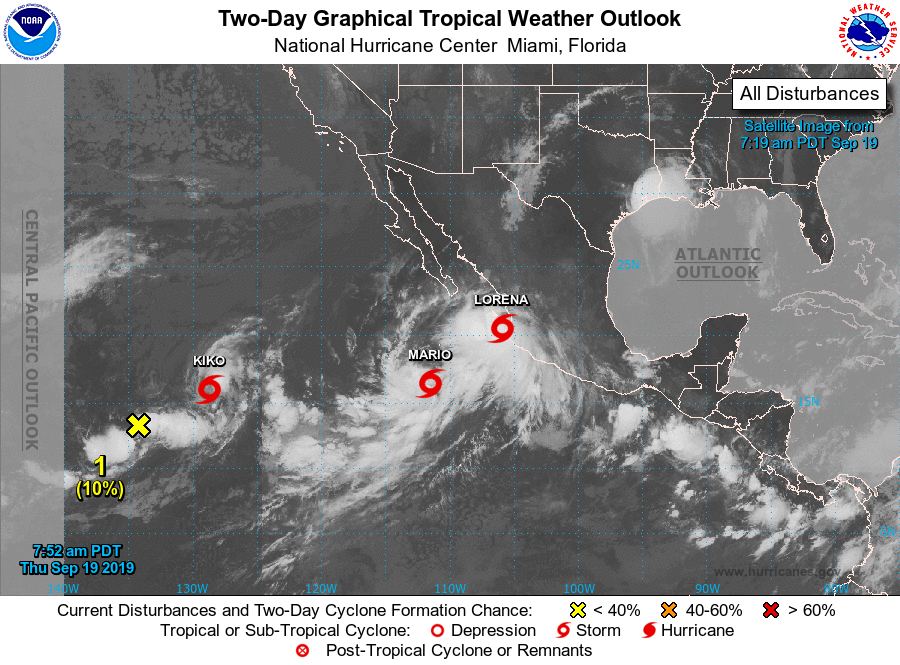
For the eastern North Pacific...east of 140 degrees west longitude:

The National Hurricane Center is issuing advisories on Tropical Storm Kiko, located over the far southwestern part of the basin, on Tropical Storm Mario, located several hundred miles south-southwest of the southern tip of the Baja California peninsula, and on Hurricane Lorena, located near the coast of southwestern Mexico.

1. An elongated area of low pressure located over the far southwestern portion of the eastern North Pacific continues to produce a few disorganized thunderstorms. Some slow development of this system is possible during the next day or two while the system moves little. Further development is unlikely after that time as the system interacts with and is possibly absorbed by Kiko.
* Formation chance through 48 hours...low...10 percent.
* Formation chance through 5 days...low...10 percent.

2. An area of low pressure could form south of the southern coast of Mexico in a day or two. Slow development of the system is possible thereafter while it moves slowly westward or west-northwestward through early next week.
* Formation chance through 48 hours...low...near 0 percent.
* Formation chance through 5 days...low...20 percent.

Forecaster Zelinsky